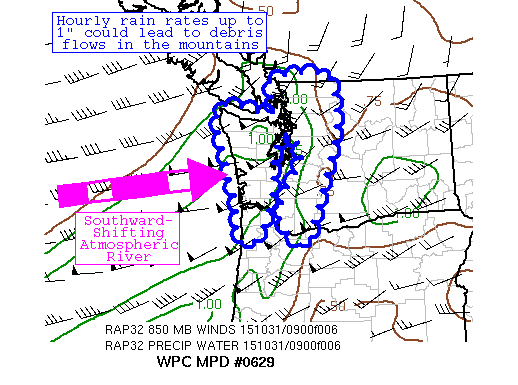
AREAS AFFECTED...MOUNTAINS OF WESTERN WA/ NORTHWEST OR

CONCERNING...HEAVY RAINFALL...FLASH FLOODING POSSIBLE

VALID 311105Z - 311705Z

SUMMARY...INCREASING RAIN RATES WITHIN AN ATMOSPHERIC RIVER COULD
CAUSE DEBRIS FLOWS IN THE MOUNTAINS.

DISCUSSION...AN ATMOSPHERIC RIVER STRETCHING FROM NORTHWEST OF HI
INTO WA HAS BEEN EXHIBITING INCREASING RAIN RATES OVER THE PAST
FEW HOURS.  MESONET OBSERVATIONS AND DUAL POL RADAR IMAGERY REVEAL
LOCALIZED 0.50"+ RAIN RATES ACROSS THE TOPOGRAPHY OF WESTERN WA.
VAD WIND PROFILES SHOW 850 HPA INFLOW OF 30-40 KTS ACROSS THE
REGION.  PRECIPITABLE WATER VALUES OF 1.1-1.4" LIE ACROSS THE
REGION, OVER TWO SIGMAS ABOVE THE NORM FOR THE END OF OCTOBER.
SPC MESOANALYSES SHOW AN AREA OF WEAK INSTABILITY APPROACHING
WESTERN WA, WHERE MUCAPES ARE 100-300 J/KG.

RAP GUIDANCE INDICATES THAT LOW LEVEL INFLOW INCREASES TOWARDS 60
KTS OVER THE NEXT FEW HOURS, WHICH ALONG WITH THE INVADING
INSTABILITY SHOULD FURTHER INCREASE RAIN RATES.  THIS IS IMPLIED
BY THE THREE HOUR NEIGHBORHOOD PROBABILITIES OF EXCEEDING FLASH
FLOOD GUIDANCE, WHICH MAXIMIZE ALONG THE EASTERN CASCADES BY 15Z.
THE CAM GUIDANCE THIS MORNING IS MORE EMPHATIC THAN THIS TIME
YESTERDAY, SHOWING LOCAL AMOUNTS IN THE 4" RANGE DURING THE NEXT
SIX HOURS.  PRECIPITABLE WATER VALUES ARE FORECAST TO PEAK AROUND
1.5" WITHIN THE NEXT 2-3 HOURS, BEFORE SLOWLY FADING THEREAFTER.
WITH INSTABILITY APPROACHING THE REGION, HOURLY RAIN RATES UP TO
1" ARE POSSIBLE, WHICH COULD CAUSE DEBRIS FLOWS.  FOR THE MOST
PART, THIS REMAINS A LONG DURATION RAIN EVENT. ACROSS WA, THE
LONGER DURATION RAIN EVENT SHOULD BE FADING LATER THIS AFTERNOON
AS THE LOW-LEVEL INFLOW/ ATMOSPHERIC RIVER SHIFTS SOUTHWARD INTO
OR WITH TIME.